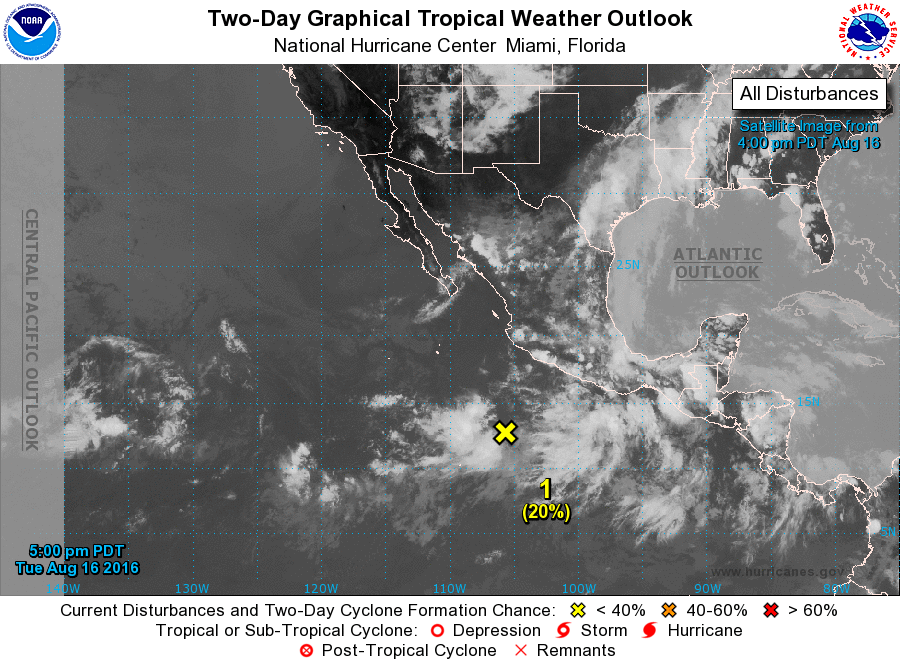
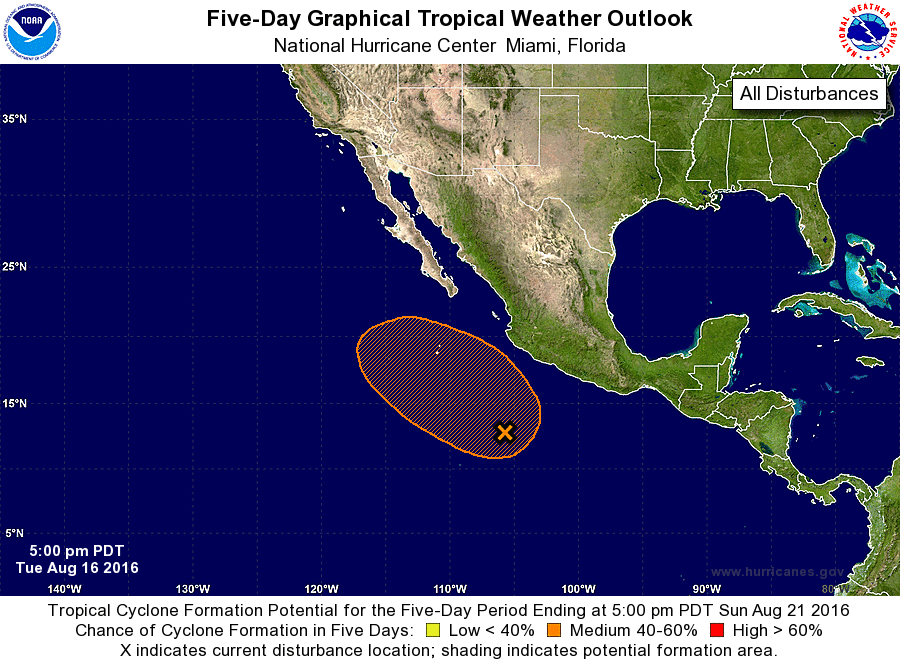
For the eastern North Pacific...east of 140 degrees west longitude:

1. A broad low pressure area located about 500 miles south-southwest of Manzanillo, Mexico, continues to show signs of organization. Some gradual development of this disturbance is possible during the next several days while the system moves west-northwestward to northwestward.
* Formation chance through 48 hours...low...20 percent
* Formation chance through 5 days...medium...50 percent

Forecaster Beven